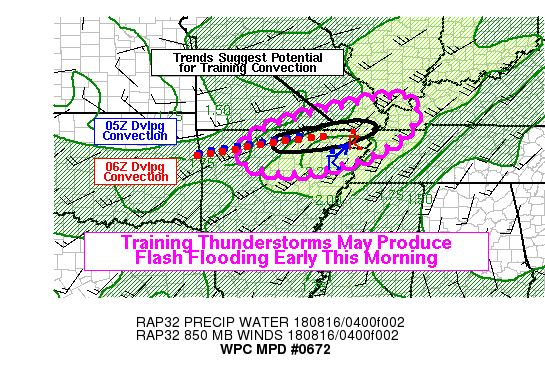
Areas affected...N AR, SE MO, far NW TN, far W KY, far S IL

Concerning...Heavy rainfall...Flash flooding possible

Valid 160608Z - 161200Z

Summary...Thunderstorms were beginning to develop in greater
numbers after Midnight over northern Arkansas, and repeatedly
affecting similar areas. This may continue through the early
morning hours, and the persistent thunderstorm activity could
produce locally heavy rainfall and flash flooding. Rain rates may
exceed 2 in/hr.

Discussion...Regional radars from the Ozarks into the
Mid-Mississippi River Valley have been showing scattered
convection gradually developing in northern Arkansas over the past
several hours. The convection, previously sporadic and relatively
un-focused, was becoming increasingly organized in a WSW-ENE
fashion parallel to the deep layer mean flow. Overlaying the radar
positions of the broken lines of thunderstorms over the past
several hours shows little latitudinal movement, with a gradual
building to the east. Meanwhile, the developing convection was
situated within a confluent ribbon of enhanced low-level flow, and
precipitable water values around or in excess of 2 inches. This
should favor a continued gradual increase and focusing of
thunderstorms near the eastern portion of the AR-MO border, with
potential for training cells and locally heavy rainfall. An axis
of higher MLCAPE values (1500-2000 j/kg with limited CINH per RAP
analysis) to the south and west of developing convection, combined
with the WSW nature of the low-level inflow could favor new cell
growth upstream of ongoing convection, which may enhance the
training pattern across the region. With moderate instability and
abundant moisture, 2+ in/hr rain rates appear achievable, and if
training patterns can sustain this for longer than an hour, then
flash flooding would probably result. Some of the hi-res models,
notably quite a few runs of the HRRR, show localized rainfall
totals by 12Z in excess of 5 inches in a narrow focused band. This
also appears possible wherever training convection most favorably
sets up, as the expected rain rates could produce totals like that
in a few hours.